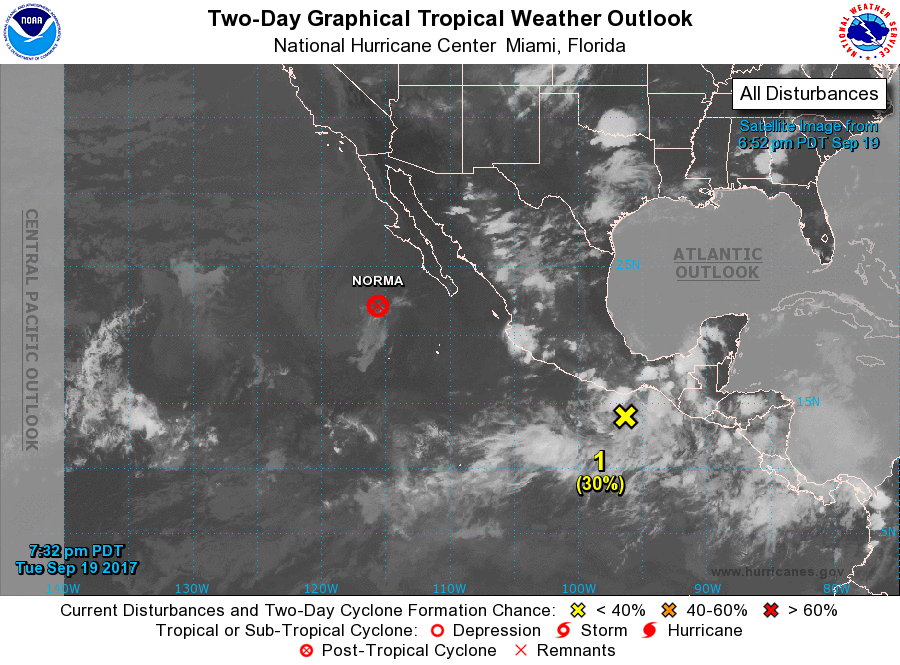
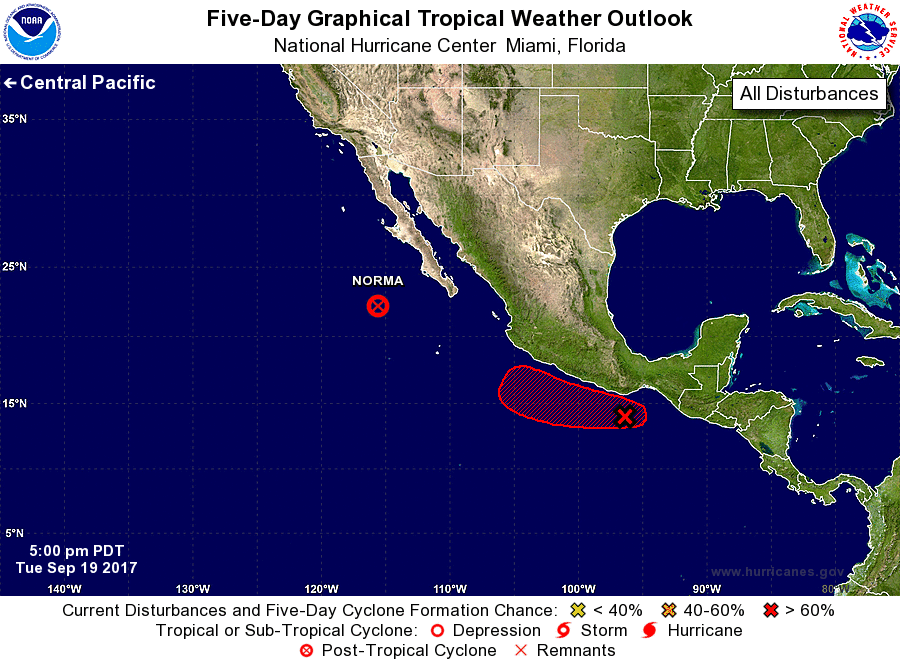
For the eastern North Pacific...east of 140 degrees west longitude:

The National Hurricane Center is issuing advisories on Tropical Depression Norma, located a few hundred miles west of the southern tip of the Baja California peninsula.

1. A large area of disturbed weather associated with a broad area of low pressure is located a few hundred miles southeast of Acapulco, Mexico. Conditions are favorable for a tropical depression to form by the weekend while this system moves west-northwestward very near the southern coast of Mexico. Regardless of tropical cyclone formation, heavy rains are expected in this area during the next several days.
* Formation chance through 48 hours...low...30 percent.
* Formation chance through 5 days...high...70 percent.

Forecaster Avila